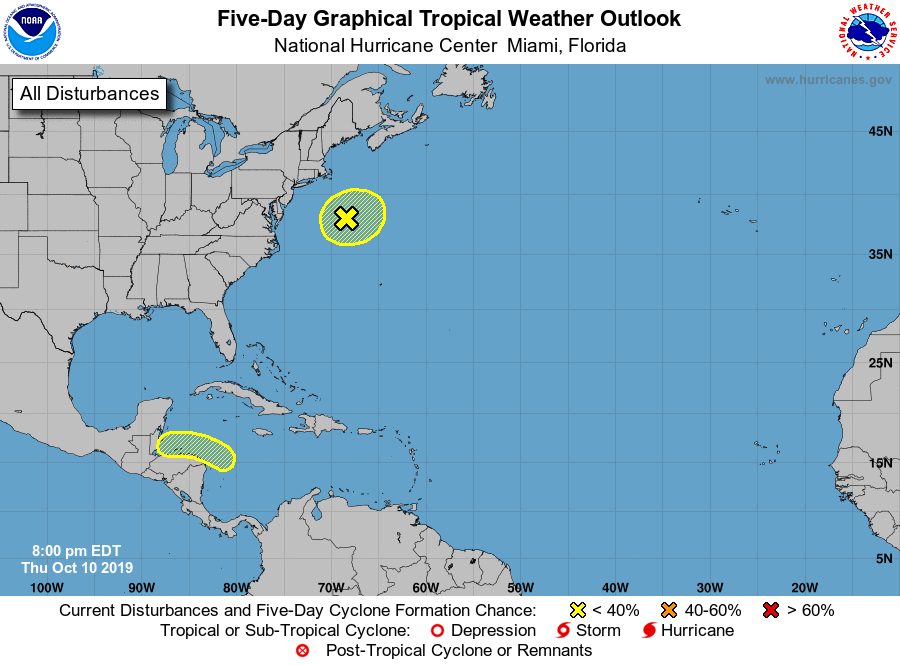
For the North Atlantic...Caribbean Sea and the Gulf of Mexico:

1. A non-tropical low pressure system located off the northeastern and mid-Atlantic coasts of the United States is producing widespread showers, a few thunderstorms, and storm-force winds. The low is expected to continue meandering off the coast during the next couple of days, but environmental conditions are not expected to be conducive for significant subtropical or tropical development, particularly after upper-level winds increase over the weekend. Strong winds, coastal flooding, heavy rainfall, and rough surf are expected to continue affecting portions of the mid-Atlantic and northeastern United States coasts through Saturday. Additional information on this system can also be found in local products and High Seas Forecasts issued by the National Weather Service.
* Formation chance through 48 hours...low...20 percent.
* Formation chance through 5 days...low...20 percent.

2. A broad area of low pressure is expected to form over the western Caribbean Sea late this weekend. This system is forecast to move westward toward Central America early next week, and some development is possible if the low remains over water while moving near the coasts of Honduras, Guatemala, and Belize.
* Formation chance through 48 hours...low...near 0 percent.
* Formation chance through 5 days...low...20 percent.

High Seas Forecasts issued by the National Weather Service can be found under AWIPS header NFDHSFAT1, WMO header FZNT01 KWBC, and online at ocean.weather.gov/shtml/NFDHSFAT1.php

Forecaster Berg